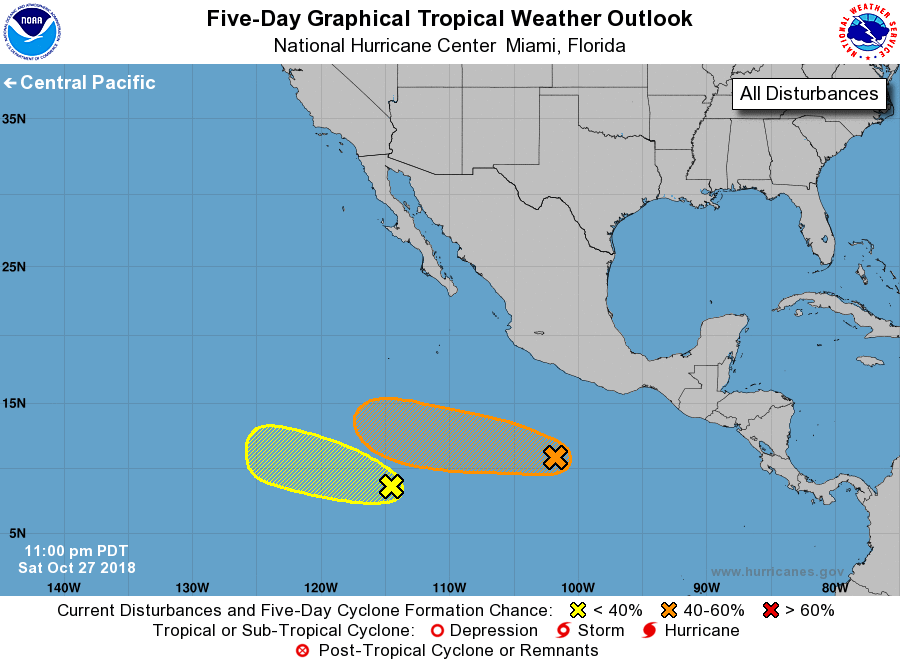
For the eastern North Pacific...east of 140 degrees west longitude:

1. A small well-defined low pressure area located several hundred miles south-southwest of Acapulco, Mexico, has continued to show little change during the past several hours. However, environmental conditions could become a little more conducive for some development of this system over the next few days while it moves westward at about 10 mph.
* Formation chance through 48 hours...low...20 percent.
* Formation chance through 5 days...medium...40 percent.

2. A low pressure area with disorganized thunderstorm activity is located about 1000 miles south-southwest of the southern tip of the Baja California peninsula. Some slow development of this system is possible over the next few days while the low moves to the west or west-northwest at about 10 mph.
* Formation chance through 48 hours...low...10 percent.
* Formation chance through 5 days...low...20 percent.

Forecaster Pasch